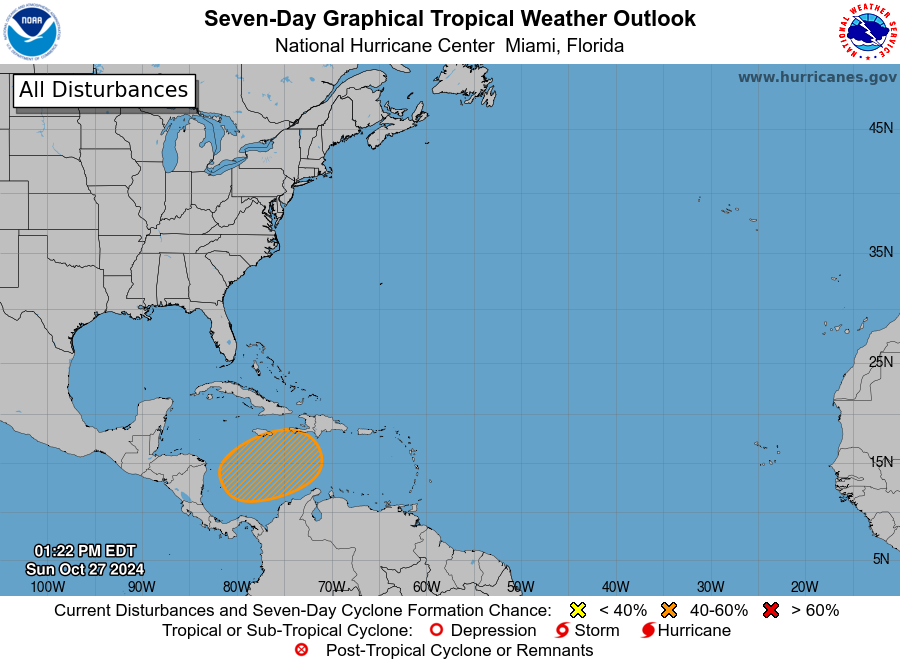
For the North Atlantic...Caribbean Sea and the Gulf of Mexico:

1. Southwestern Caribbean Sea: A broad area of low pressure is likely to develop over the southwestern Caribbean Sea in a few days. Gradual development is possible thereafter, and a tropical depression could form late this week or over the weekend when the system begins to drift northward or northeastward over the southwestern and south-central Caribbean Sea.
* Formation chance through 48 hours...low...near 0 percent.
* Formation chance through 7 days...medium...40 percent.

Forecaster Cangialosi